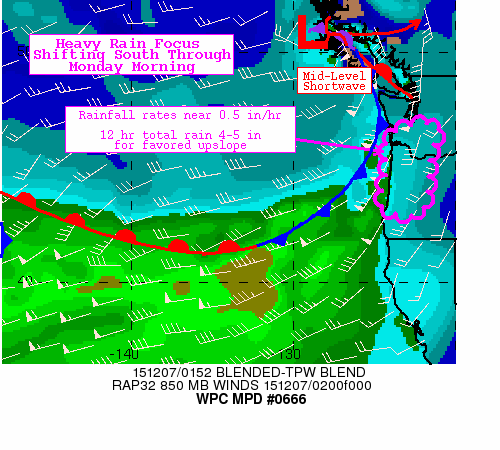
AREAS AFFECTED...SW WASHINGTON TO NWRN/WRN OREGON

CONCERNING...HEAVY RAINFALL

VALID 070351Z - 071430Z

SUMMARY...THE FOCUS OF THE HEAVIEST RAIN WILL BE SHIFTING SOUTH
OVERNIGHT INTO THE COASTAL RANGES AND CASCADES OF CNTRL/NRN
OREGON. RAINFALL RATES UP TO 0.50 IN/HR ARE EXPECTED TO LEAD TO 12
HR TOTALS OF 4-5 INCHES FOR FAVORED SOUTHWEST FACING SLOPES.

WATER VAPOR IMAGERY OVER THE PAST SEVERAL HOURS HAS SHOWN A
SHORTWAVE NEAR THE NRN TIP OF VANCOUVER ISLAND AND ITS ASSOCIATED
NEGATIVELY TILTED TROUGH AXIS SWINGING INTO BRITISH COLUMBIA. AN
AMSU PASS NEAR 00Z INDICATED RAIN RATES OFFSHORE ONLY AVERAGING
BETWEEN 0.10 - 0.20 IN/HR JUST WEST OF THE OREGON COAST.
HOWEVER...WIDE VIEW OF BLENDED TPW LOOP SHOWS THE CORE OF AN
EXTENSIVE ATMOSPHERIC RIVER...WITH A DIRECT CONNECTION TO THE WEST
PACIFIC OFF OFF SOUTHEAST ASIA...WAS NEARING THE COAST OF OREGON.
PRECIPITABLE WATER VALUES SHOULD INCREASE TO BETWEEN 1.00 AND 1.25
INCHES ALONG THE OREGON COAST BY 12Z.

AS THE SHORTWAVE NEAR VANCOUVER CONTINUES MOVING EAST
OVERNIGHT...A COLD FRONT AT THE SURFACE WILL MOVE INLAND ACROSS
WASHINGTON WITH THE CORE OF STRONGEST 850-700 MB FLOW SETTING UP
ACROSS THE CNTRL OREGON COAST...BETWEEN TILLAMOOK AND COOS
COUNTIES. THE MAGNITUDE OF THESE WINDS IS FORECAST TO RANGE
BETWEEN 50-60 KTS...PER COMPARISON OF GFS/RAP MODELED WINDS TO
VAD-WIND PLOTS. AS THE COLD FRONT MOVES INLAND...THE FETCH OF
THESE LOW LEVEL WINDS WILL ALSO INCREASINGLY VEER TOWARD THE
SOUTHWEST. ACCORDING TO WATER VAPOR IMAGERY...THE NEXT APPRECIABLE
SHORTWAVE IS LOCATED BACK TO THE WEST NEAR 45N/135W...WHICH MEANS
FORCING FOR RAINFALL WILL BE FOCUSED PRIMARILY THROUGH LOW LEVEL
MOISTURE TRANSPORT INTO THE OROGRAPHICALLY FAVORED SLOPES OF THE
COASTAL RANGES AND CASCADES...WITH THE AID OF DIFFLUENT FLOW ALOFT
FROM AN 140-150 KT JET CORE IDENTIFIED THROUGH GOES HD WINDS
MOVING EAST FROM 140W. A CONSENSUS OF HI-RES MODELS SHOWS
AGREEMENT ON RAINFALL TOTALS AND LOCATION THROUGH 1430Z.